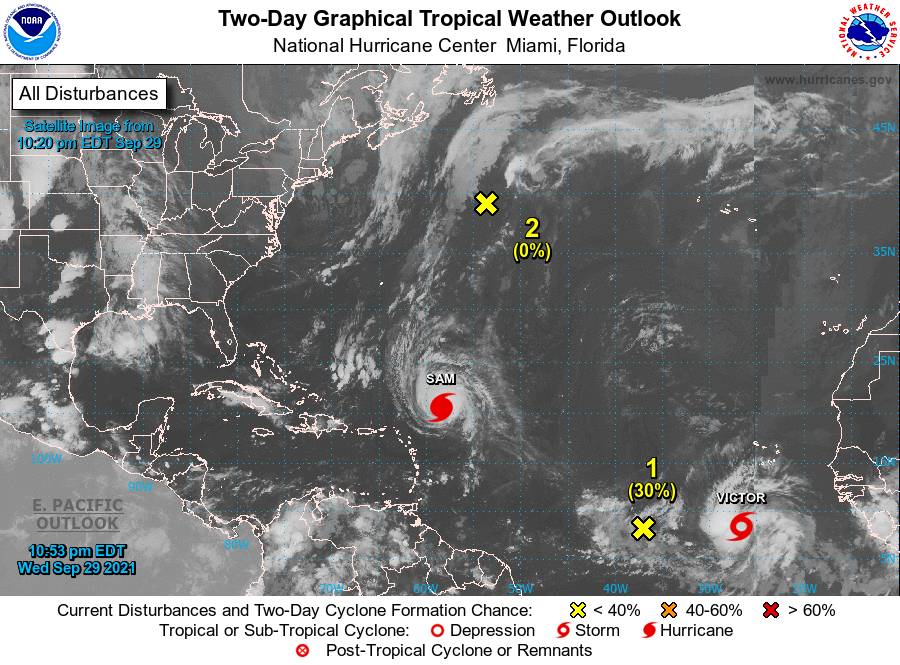
For the North Atlantic...Caribbean Sea and the Gulf of Mexico:

The National Hurricane Center is issuing advisories on Hurricane Sam, located several hundred miles east-northeast of the northern Leeward Islands, and on recently upgraded Tropical Storm Victor, located over the eastern tropical Atlantic.

1. Disorganized showers and thunderstorms continue in association with a trough of low pressure located about 1000 miles southwest of the Cabo Verde Islands. Some slow development of this system is possible during the next couple of days while it moves slowly west-northwestward across the central tropical Atlantic. Afterwards, environmental conditions are forecast to become less conducive for development.
* Formation chance through 48 hours...low...30 percent.
* Formation chance through 5 days...low...30 percent.

2. Showers and thunderstorms have mostly diminished with an area of low pressure associated with the remnants of Peter, located several hundred miles south of the coast of Newfoundland. This low is becoming poorly defined while moving northeast over cooler waters and into a region of strong upper-level winds. Further development is no longer anticipated. Additional information on this system can be found in High Seas Forecasts issued by the National Weather Service.
* Formation chance through 48 hours...low...near 0 percent.
* Formation chance through 5 days...low...near 0 percent.

Public Advisories on Tropical Storm Victor are issued under WMO header WTNT35 KNHC and under AWIPS header MIATCPAT5. Forecast/Advisories on Tropical Storm Victor are issued under WMO header WTNT25 KNHC and under AWIPS header MIATCMAT5.

High Seas Forecasts issued by the National Weather Service can be found under AWIPS header NFDHSFAT1, WMO header FZNT01 KWBC, and online at ocean.weather.gov/shtml/NFDHSFAT1.php

Forecaster Papin